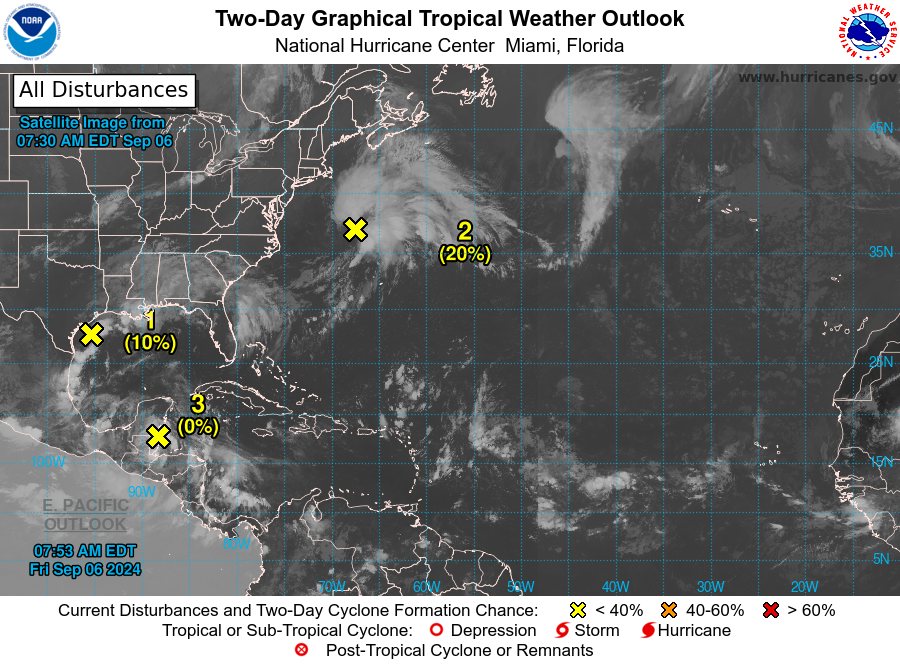
For the North Atlantic...Caribbean Sea and the Gulf of Mexico:

1. Northwestern Gulf of Mexico (AL90): Showers and thunderstorms associated with a low pressure system and weak frontal boundary over the northwestern Gulf of Mexico remain disorganized. Upper-level winds are expected to remain unfavorable for significant development of this system while it meanders over the northwestern Gulf and eventually merges with another approaching frontal system later today or on Saturday. Although tropical cyclone development is unlikely, heavy rainfall is expected to continue across portions of the northern Gulf Coast during the next day or so. Additional information on this system can be found in products issued by your local National Weather Service Forecast Office and High Seas Forecasts issued by the National Weather Service.
* Formation chance through 48 hours...low...10 percent.
* Formation chance through 7 days...low...10 percent.

2. Northwestern Atlantic (AL99): Satellite images indicate that a gale-force low pressure system located several hundred miles east of the U.S. Mid-Atlantic coast is producing a large area of showers and thunderstorms that are increasingly taking on a non-tropical structure. The low is forecast to move north-northeastward at 15 to 20 mph offshore the northeastern United States, reaching colder waters by this evening and overnight, and its opportunity to acquire subtropical characteristics appears to be decreasing. Additional information on this system, including gale warnings, can be found in High Seas Forecasts issued by the National Weather Service.
* Formation chance through 48 hours...low...20 percent.
* Formation chance through 7 days...low...20 percent.

3. Northwestern Caribbean Sea and Southwestern Gulf of Mexico: A tropical wave located near the coast of Belize and the Yucatan Peninsula of Mexico continues to produce disorganized showers and thunderstorms. The wave is forecast to move across Central America and southeastern Mexico today and tonight, and some slow development is possible over the weekend after the system emerges over the southwestern Gulf of Mexico.
* Formation chance through 48 hours...low...near 0 percent.
* Formation chance through 7 days...low...20 percent.

4. Eastern and Central Tropical Atlantic: An elongated trough of low pressure over the eastern tropical Atlantic is producing minimal shower and thunderstorm activity. Development, if any, should be slow to occur while the disturbance meanders through the early part of next week and then begins to move west-northwestward across the central tropical Atlantic during the middle to latter part of next week.
* Formation chance through 48 hours...low...near 0 percent.
* Formation chance through 7 days...low...10 percent.

High Seas Forecasts are issued by the National Weather Service under AWIPS header NFDHSFAT1 and WMO header FZNT01 KWBC, and online at ocean.weather.gov/shtml/NFDHSFAT1.php

Forecaster Berg